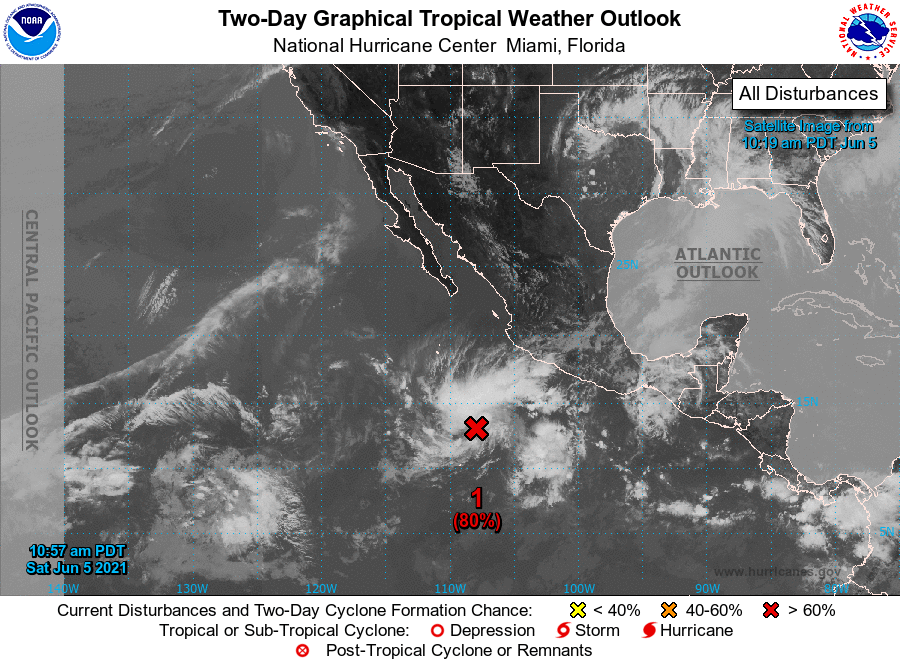
For the eastern North Pacific...east of 140 degrees west longitude:

1. The area of low pressure located about 500 miles south-southwest of Manzanillo, Mexico is gradually becoming better defined. Environmental conditions are expected to be conducive for further development, and a tropical depression is likely to form today or tomorrow while it moves slowly to the west well off the coast of Mexico.
* Formation chance through 48 hours...high...80 percent.
* Formation chance through 5 days...high...80 percent.

2. A broad trough of low pressure is expected to form a few hundred miles south of the Gulf of Tehuantepec by the middle of next week. Gradual development of this system is possible thereafter as it drifts slowly northward through the end of next week.
* Formation chance through 48 hours...low...near 0 percent.
* Formation chance through 5 days...low...20 percent.

Forecaster Papin/Blake